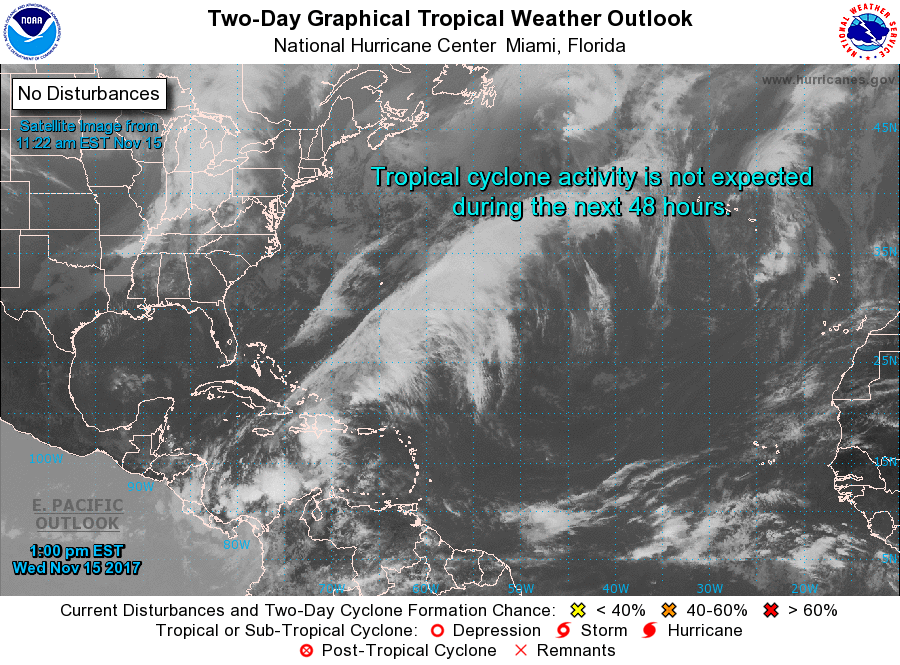
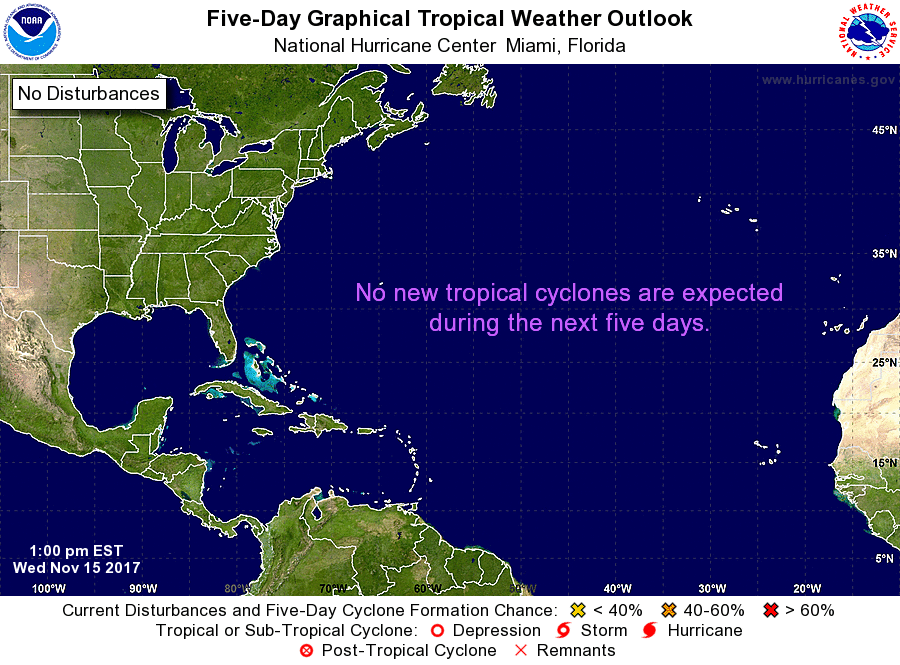
For the North Atlantic...Caribbean Sea and the Gulf of Mexico:

Tropical cyclone formation is not expected during the next 5 days.

Forecaster Brennan